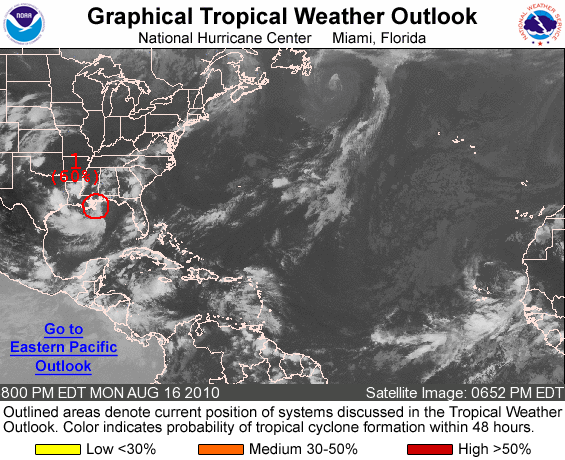
FOR THE NORTH ATLANTIC...CARIBBEAN SEA AND THE GULF OF MEXICO...

1. THE REMNANT CIRCULATION OF FORMER TROPICAL DEPRESSION FIVE IS LOCATED ABOUT 75 MILES SOUTH-SOUTHEAST OF MOBILE BAY...AND ABOUT 90 MILES EAST OF SOUTHEASTERN LOUISIANA. ALTHOUGH SHOWER AND THUNDERSTORM ACTIVITY IS CURRENTLY LIMITED...UPPER-LEVEL WINDS ARE EXPECTED TO BECOME MARGINALLY CONDUCIVE FOR SOME DEVELOPMENT TO OCCUR LATER TONIGHT AND TUESDAY MORNING. ONLY A SMALL INCREASE IN ORGANIZATION WOULD RESULT IN THE FORMATION OF A TROPICAL DEPRESSION AS THE SYSTEM MOVES WESTWARD OR WEST-NORTHWESTWARD DURING THE NEXT DAY OR SO. THERE REMAINS A HIGH CHANCE...60 PERCENT...OF THIS SYSTEM BECOMING A TROPICAL CYCLONE BEFORE MOVING INLAND OVER THE NORTHERN GULF COAST ON TUESDAY. REGARDLESS OF DEVELOPMENT... LOCALLY HEAVY RAINFALL AND GUSTY WINDS WILL BE POSSIBLE ALONG PORTIONS OF THE NORTH-CENTRAL GULF OF MEXICO COAST THROUGH TUESDAY. SEE STATEMENTS FROM LOCAL NATIONAL WEATHER SERVICE FORECAST OFFICES FOR ADDITIONAL INFORMATION.

ELSEWHERE...TROPICAL CYCLONE FORMATION IS NOT EXPECTED DURING THE NEXT 48 HOURS.

FORECASTER STEWART